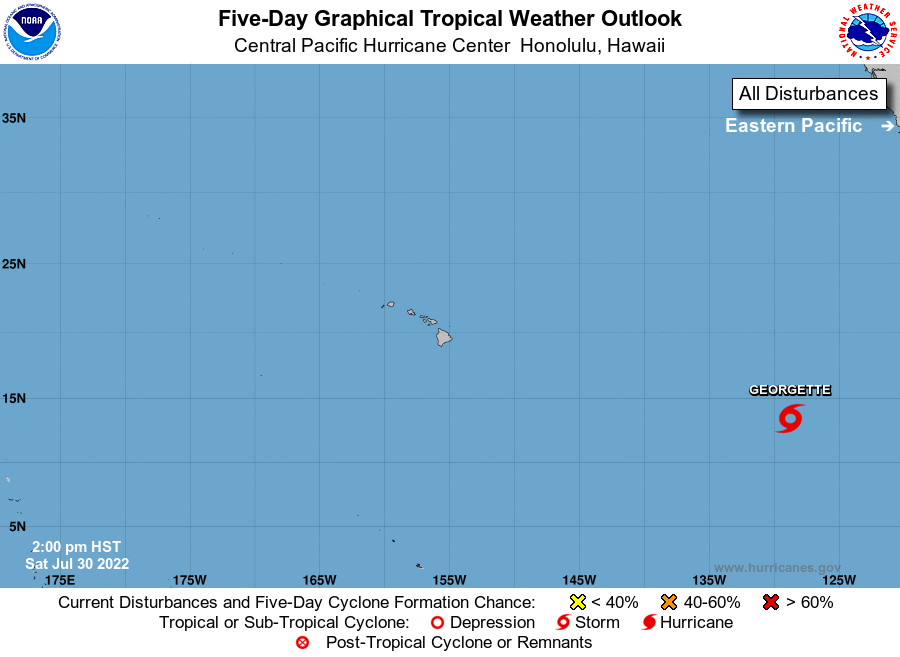
For the central North Pacific...between 140W and 180W:

No tropical cyclones are expected during the next 5 days.

Forecaster Kino